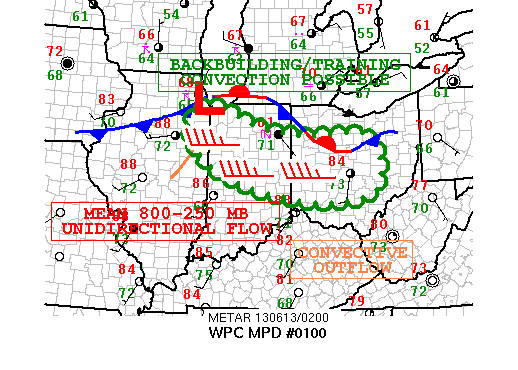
AREAS AFFECTED...NORTHEASTERN IL/IN/OH...

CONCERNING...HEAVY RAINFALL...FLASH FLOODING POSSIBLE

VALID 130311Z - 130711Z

SUMMARY...A FLASH FLOOD THREAT REMAINS GIVEN OBSERVED TRAINING
CONVECTION AND BEST MOISTURE TRANSPORT PARALELLING THE MEAN
CLOUD-LAYER FLOW.

DISCUSSION...THE PAST SEVERAL SCANS ON THE IR SATELLITE INDICATE
CLOUD TOPS HAVE CONTINUED TO COOL AND LIGHTNING ACTIVITY HAS
REMAINED STEADY STATE. ALTHOUGH GUIDANCE SUGGESTS THE CURRENT
COMPLEX OF THUNDERSTORMS SHOULD GROW UPSCALE INTO A MORE
PROGRESSIVE BOWING LINE OVERNIGHT...THE THREAT FOR AREAS OF FLASH
FLOODING WILL REMAIN. THIS IS IN RESPONSE TO PWATS IN THE
1.50-1.75 INCH RANGE BEING ADVECTED FROM THE WEST-SOUTHWESTERLY
DIRECTION WHICH WILL NEARLY PARALLEL THE 800-250 MB MEAN LAYER
FLOW. IT APPEARS THE DEEPEST/MOST SUSTAINED CONVECTION WILL OCCUR
ALONG THE SOUTHERN FRINGE OF THE RADAR ECHOES AS THE NORTHERN EDGE
HAS BECOME MORE DISORGANIZED IN TIME.

WHILE FLASH FLOOD GUIDANCE OVER THE REGION AS A WHOLE REMAIN
SOMEWHAT HIGH...RAINFALL RATES NEARING 4 INCHES PER HOUR HAVE BEEN
OBSERVED ACROSS IL ACCORDING TO SOME COOPERATIVE STATION REPORTS.
THUS...A CATEGORICAL RISK OF POSSIBLE IS BEING SUGGESTED HERE.